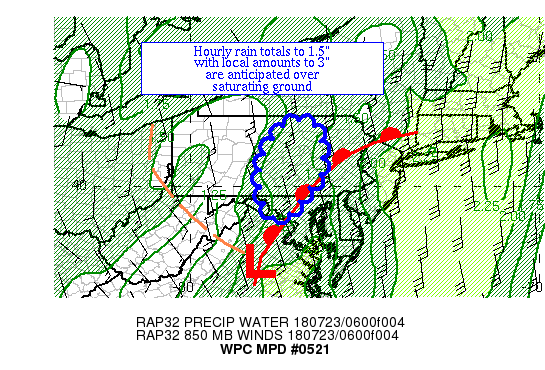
AREAS AFFECTED...CENTRAL PA

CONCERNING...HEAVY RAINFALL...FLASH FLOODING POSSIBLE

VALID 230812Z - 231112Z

SUMMARY...THUNDERSTORMS TO THE WEST OF A WARM FRONT SHOULD PERSIST
FOR ANOTHER FEW HOURS WHILE SHIFTING FARTHER WEST AND NORTH.
HOURLY RAIN TOTALS TO 1.5" AND LOCAL AMOUNTS TO 3" ARE EXPECTED.

DISCUSSION...A MERIDIONALLY-ORIENTED BAND OF SHOWERS AND
THUNDERSTORMS CONTINUES JUST TO THE WEST OF A WARM FRONT ADVANCING
THROUGH EASTERN PA.  AN APPROACHING CONVECTIVE VORTICITY MAXIMUM
ACROSS WEST-CENTRAL VA AND AN UPPER LOW OVER SOUTHEAST ONTARIO ARE
THE LEADING CANDIDATES FOR INCREASING DIVERGENCE ALOFT.  IN THE
WARM SECTOR, ML CAPE VALUES OF 1000-1500 J/KG CONTINUE TO RESIDE;
CIN REMAINS MINIMAL.  PRECIPITABLE WATER VALUES OF 1.7-2" EXIST
PER GPS DATA.  INFLOW AT 850 HPA IS 20-25 KTS OUT OF THE SOUTH,
WHILE EFFECTIVE BULK SHEAR OF 30-40 KTS COMBINED WITH
UNIDIRECTIONAL FLOW HAS ORGANIZED THE ACTIVITY INTO A RAIN BAND.

THE MESOSCALE GUIDANCE HAS SOME GRASP ON EXPECTATIONS HERE, WHICH
INDICATES THAT ISSUES SHOULD FADE BEYOND 11Z, WHICH COULD EITHER
BE DUE TO DECLINING INSTABILITY OR DEVELOPING CIN.  THE WARM FRONT
IS EXPECTED TO RETROGRADE SLIGHTLY MORE OVER THE NEXT FEW HOURS,
WHICH SHOULD SHIFT THE THUNDERSTORMS MORE WEST AND NORTHWARD WITH
TIME.  HOURLY RAIN TOTALS TO 1.5" ARE ESTIMATED BY RADAR, WHICH
SHOULD CONTINUE FOR THE NEXT FEW HOURS.  LOCAL AMOUNTS UP TO 3"
ARE POSSIBLE.  SOILS ARE SATURATING IN THE AREA, WHICH ADDS TO THE
FLOODING RISK.  URBANIZED AREAS AND LOCATIONS WITH POOR DRAINAGE
ARE MOST AT RISK FOR ISSUES FROM HEAVY RAINFALL.